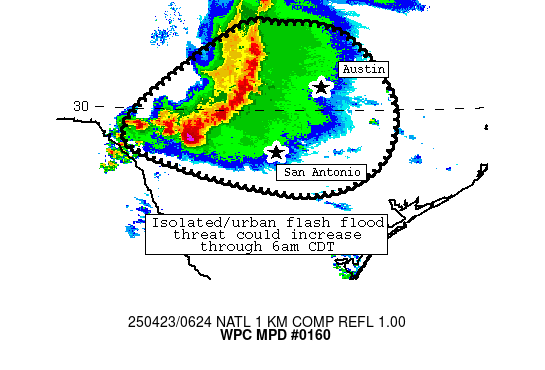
Areas affected...portions of central Texas

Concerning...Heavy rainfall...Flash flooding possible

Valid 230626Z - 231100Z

Summary...An eastward-moving convective complex is spreading
0.5-1.5 inch/hr rain rates across the Texas Hill Country
currently.  On its present track, this complex could reach the
Austin/San Antonio Metropolitan Corridor and pose a risk of
isolated, urban flash flooding in the next couple hours or so
(through 09Z/4am CDT).

Discussion...Convection across southwest Texas and the Hill
Country has managed to grow upscale into an eastward-moving
complex, with persistence well beyond that indicated by most prior
model guidance.  This complex is being maintained by considerable
mid-level organization and a mature cold pool that continues to
propagate into a gradually more moist and unstable downstream
airmass (1.5 inch PW, 2000 J/kg MLCAPE).  The complex is currently
on the eastern edge of stronger low-level flow/shear, which lends
some uncertainty with regard to eastward persistence.  However,
recent NAM/RAP low-level wind fields are progged to increase
modestly across the discussion area through 09Z.  This, combined
with weak convective inhibition downstream suggests that heavier
downpours could make it into the Austin/San Antonio Metropolitan
Corridor by around 09Z/4am CDT or so.

If this complex can hold together, areas of 1-1.5 inch/hr rain
rates should affect urbanized areas and pose an isolated risk of
flash flooding.  This risk should mainly focus around urbanized
and low-lying/sensitive locations, as nearby FFGs/soil moisture
profiles indicate less-sensitive ground conditions especially east
of the Austin/San Antonio areas.